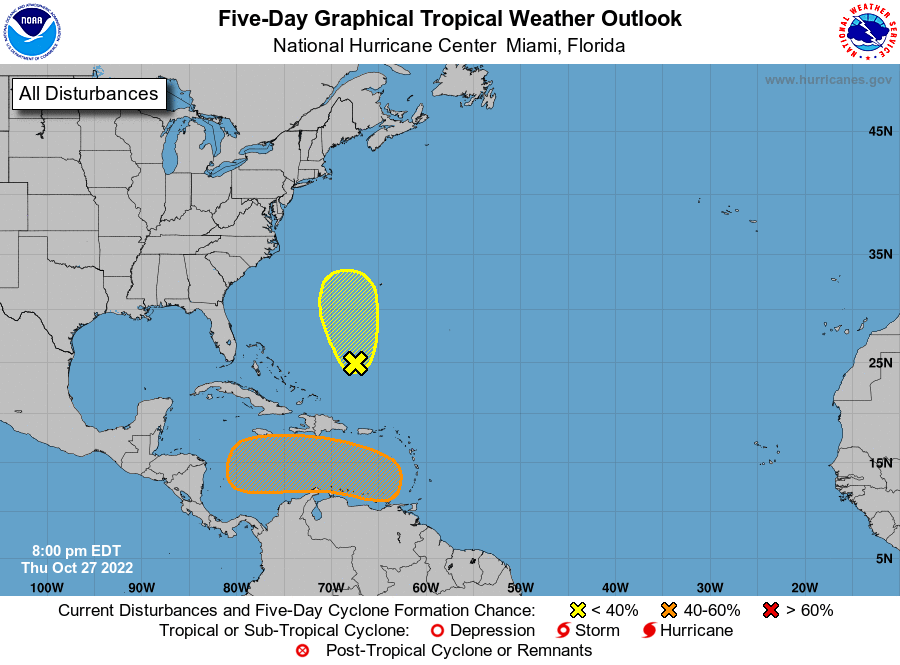
For the North Atlantic...Caribbean Sea and the Gulf of Mexico:

1. Southwestern Atlantic: A trough of low pressure over the southwestern Atlantic Ocean continues to produce a broad area of disorganized showers and thunderstorms. A surface low pressure system is forecast to emerge along the northern portion of the trough axis tonight or Friday, and some subsequent development could occur through Saturday. By late Saturday, upper-level winds are forecast to become less conducive for development, and the low is expected to begin interacting with an approaching frontal system.
* Formation chance through 48 hours...low...30 percent.
* Formation chance through 5 days...low...30 percent.

2. Eastern Caribbean: An area of low pressure is expected to form over the eastern Caribbean Sea this weekend, possibly related to the southern portion of an existing trough of low pressure over the area. Environmental conditions are forecast to be conducive for gradual development, and a tropical depression could form early next week while the disturbance moves generally westward or west-northwestward over the central Caribbean Sea.
* Formation chance through 48 hours...low...near 0 percent.
* Formation chance through 5 days...medium...50 percent.

Forecaster Beven